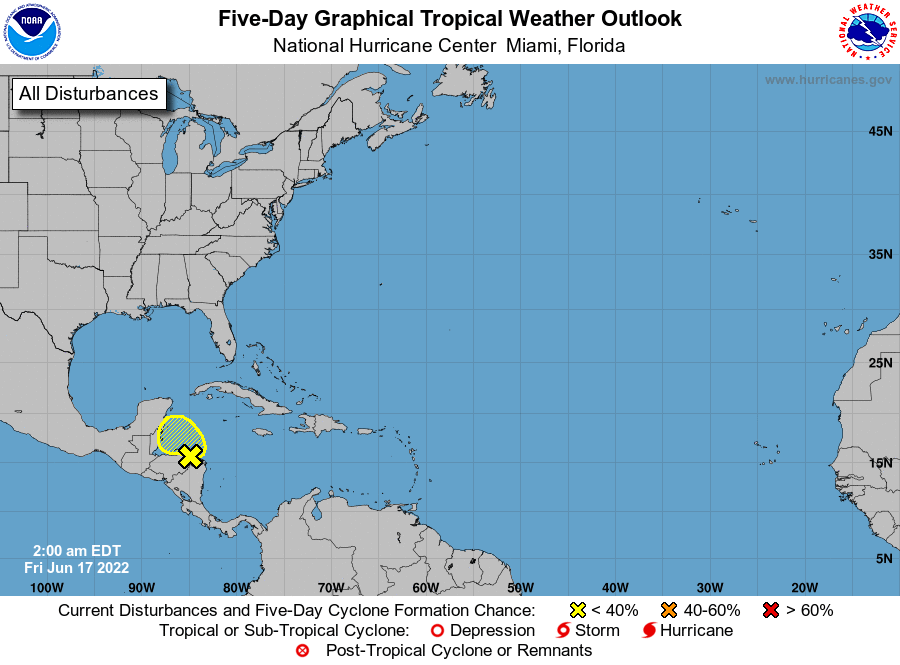
For the North Atlantic...Caribbean Sea and the Gulf of Mexico:

1. Northwestern Caribbean Sea: A trough of low pressure located along the coast of Honduras is producing disorganized showers and thunderstorms over the northwestern Caribbean Sea. Some gradual development is possible today while the disturbance drifts west-northwestward over the Gulf of Honduras. Subsequent development is unlikely once the system moves inland over northern Central America and southeastern Mexico Saturday. Regardless of development, locally heavy rainfall is possible over Honduras, Belize and southeastern Mexico through the weekend.
* Formation chance through 48 hours...low...10 percent.
* Formation chance through 5 days...low...10 percent.

Forecaster Roberts